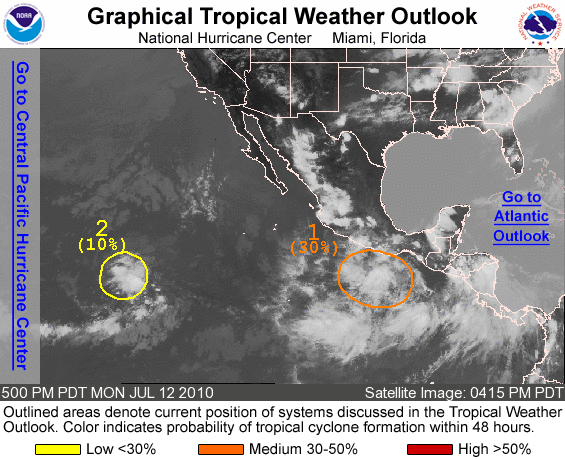
FOR THE EASTERN NORTH PACIFIC...EAST OF 140 DEGREES WEST LONGITUDE..

1. SHOWERS AND THUNDERSTORMS ASSOCIATED WITH A BROAD AREA OF LOW PRESSURE LOCATED A FEW HUNDRED MILES SOUTHWEST OF THE GULF OF TEHUANTEPEC CONTINUE TO SHOW SIGNS OF ORGANIZATION. ENVIRONMENTAL CONDITIONS ARE FAVORABLE FOR ADDITIONAL DEVELOPMENT OF THIS SYSTEM AS IT MOVES WEST-NORTHWESTWARD AT ABOUT 10 MPH. THERE IS A MEDIUM CHANCE...30 PERCENT...OF THIS SYSTEM BECOMING A TROPICAL CYCLONE DURING THE NEXT 48 HOURS.

2. A LOW PRESSURE SYSTEM LOCATED ABOUT 1500 MILES WEST-SOUTHWEST OF THE SOUTHERN TIP OF BAJA CALIFORNIA HAS BECOME LESS ORGANIZED DURING THE LAST FEW HOURS. ENVIRONMENTAL CONDITIONS ARE ONLY MARGINALLY CONDUCIVE FOR DEVELOPMENT...AND THERE IS A LOW CHANCE...10 PERCENT ...OF THIS SYSTEM BECOMING A TROPICAL CYCLONE DURING THE NEXT 48 HOURS AS IT MOVES LITTLE.

ELSEWHERE...TROPICAL CYCLONE FORMATION IS NOT EXPECTED DURING THE NEXT 48 HOURS.

FORECASTER CANGIALOSI